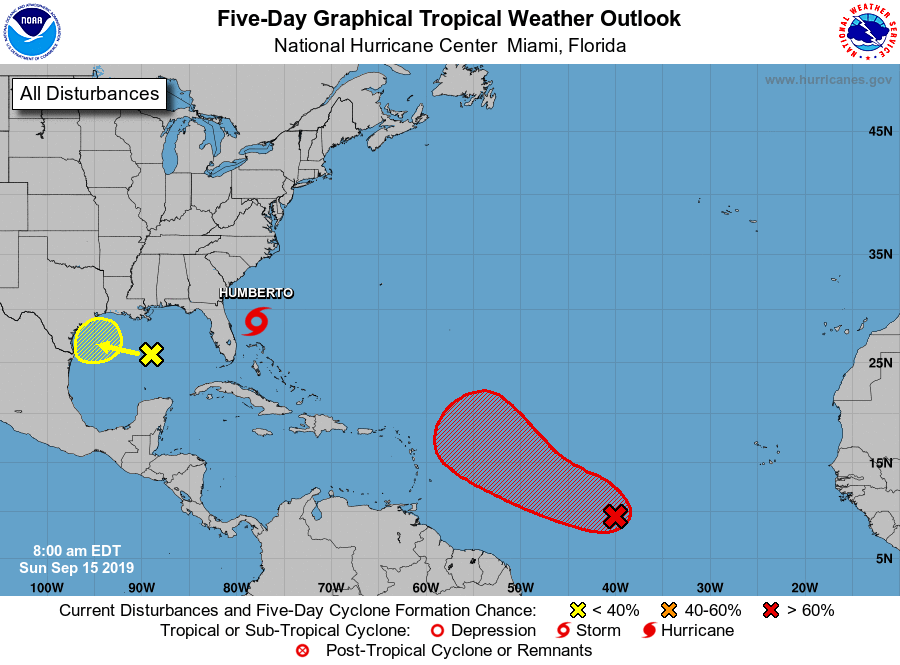
For the North Atlantic...Caribbean Sea and the Gulf of Mexico:

The National Hurricane Center is issuing advisories on Tropical Storm Humberto, located more than 100 miles north of the northwestern Bahamas.

1. An elongated area of disturbed weather is located over the central tropical Atlantic. Shower activity remains disorganized and only slow development, if any, is anticipated during the next day or two. However, environmental conditions are forecast to become more conducive for gradual development through the middle of the week, and a tropical depression is likely to form by the end of the week while the system moves slowly westward or west-northwestward.
* Formation chance through 48 hours...low...10 percent.
* Formation chance through 5 days...high...70 percent.

2. A large area of disorganized showers and thunderstorms over the central and eastern Gulf of Mexico is associated with an upper-level low and a weak surface trough. Some slight development of this system is possible during the next couple of days while it moves westward over the western Gulf of Mexico. The system is forecast to move inland along the northwestern Gulf coast by late Monday or Tuesday, and further development is not expected after that time.
* Formation chance through 48 hours...low...10 percent.
* Formation chance through 5 days...low...10 percent.

Forecaster Stewart